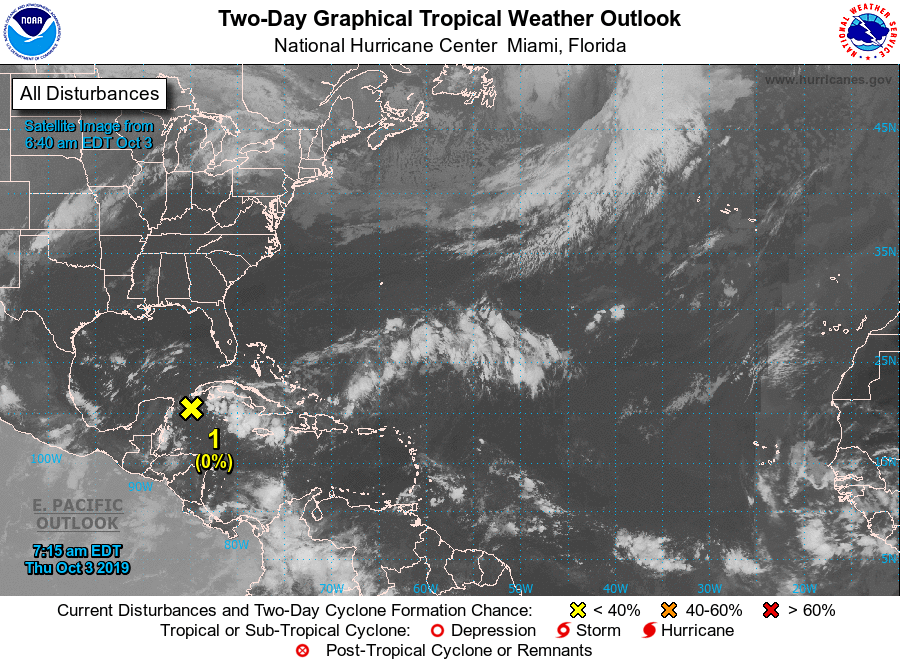
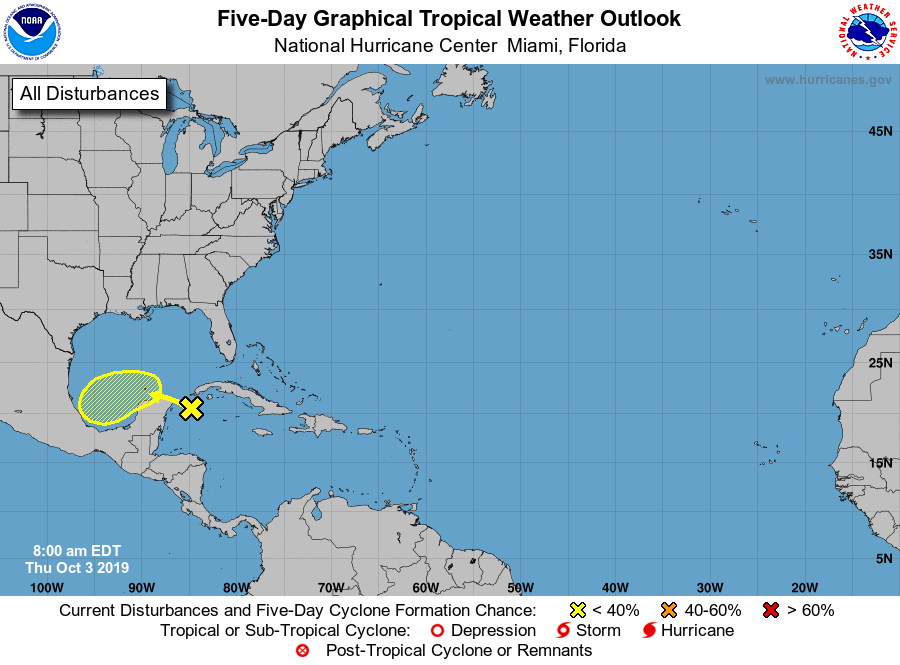
For the North Atlantic...Caribbean Sea and the Gulf of Mexico:

1. A broad area of low pressure is centered a little more than 100 miles south of the western tip of Cuba, but its associated shower activity is disorganized and located well to the east of the low. This system is forecast to move westward across the northern portion of the Yucatan peninsula and into the Bay of Campeche during the next few days. Although surface pressures are forecast to remain low across the area, upper-level winds do not favor any significant development.
* Formation chance through 48 hours...low...near 0 percent.
* Formation chance through 5 days...low...20 percent.

Forecaster Avila